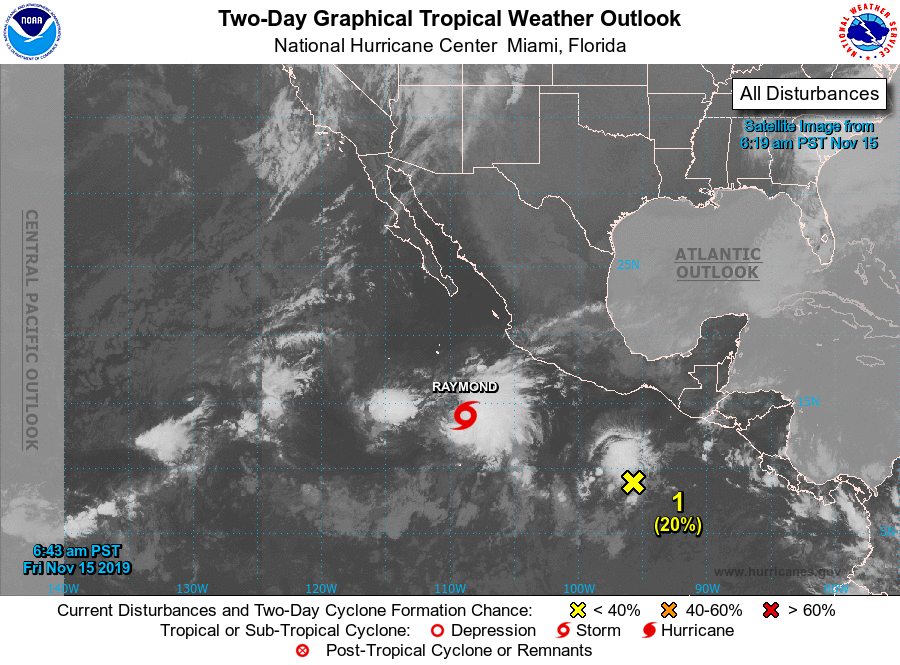
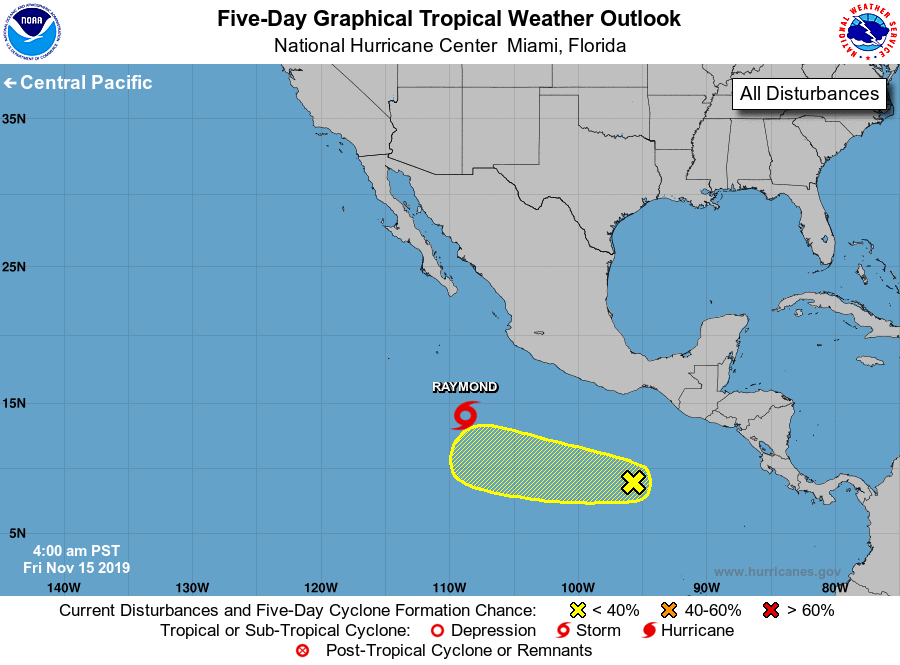
For the eastern North Pacific...east of 140 degrees west longitude:

The National Hurricane Center is issuing advisories on Tropical Depression Twenty-E, located several hundred miles south of the southern tip of the Baja California peninsula.

1. A small area of low pressure located several hundred miles south of the Gulf of Tehuantepec is producing disorganized showers and thunderstorms, mainly to the north of the low. Some gradual development of this disturbance is possible during the next few days while the system moves westward at around 10 mph.
* Formation chance through 48 hours...low...20 percent.
* Formation chance through 5 days...low...30 percent.

Public Advisories on Tropical Depression Twenty-E are issued under WMO header WTPZ35 KNHC and under AWIPS header MIATCPEP5. Forecast/Advisories on Tropical Depression Twenty-E are issued under WMO header WTPZ25 KNHC and under AWIPS header MIATCMEP5.

Forecaster Zelinsky